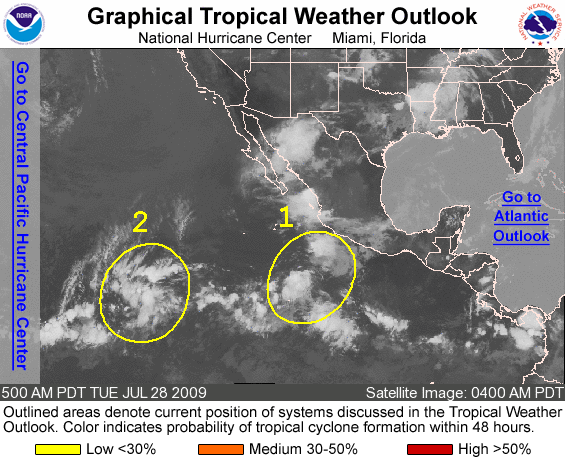
FOR THE EASTERN NORTH PACIFIC...EAST OF 140 DEGREES WEST LONGITUDE..

1. A LARGE AREA OF SHOWERS AND THUNDERSTORMS ASSOCIATED WITH A TROPICAL WAVE IS LOCATED SEVERAL HUNDRED MILES SOUTH AND SOUTH-SOUTHWEST OF MANZANILLO MEXICO. THERE ARE NO SIGNS OF ORGANIZATION AND DEVELOPMENT...IF ANY...SHOULD BE SLOW TO OCCUR AS THE SYSTEM MOVES WEST TO WEST-NORTHWESTWARD AROUND 10 TO 15 MPH. THERE IS A LOW CHANCE...LESS THAN 30 PERCENT...OF THIS SYSTEM BECOMING A TROPICAL CYCLONE DURING THE NEXT 48 HOURS.

2. A BROAD AREA OF DISTURBED WEATHER LOCATED ABOUT 1400 MILES SOUTHWEST OF THE SOUTHERN TIP OF BAJA CALIFORNIA REMAINS POORLY ORGANIZED. DEVELOPMENT OF THIS SYSTEM...IF ANY...IS EXPECTED TO BE SLOW TO OCCUR AS IT MOVES WESTWARD AROUND 10 TO 15 MPH. THERE IS A LOW CHANCE...LESS THAN 30 PERCENT...OF THIS SYSTEM BECOMING A TROPICAL CYCLONE DURING THE NEXT 48 HOURS.

ELSEWHERE...TROPICAL CYCLONE FORMATION IS NOT EXPECTED DURING THE NEXT 48 HOURS.

FORECASTER AVILA